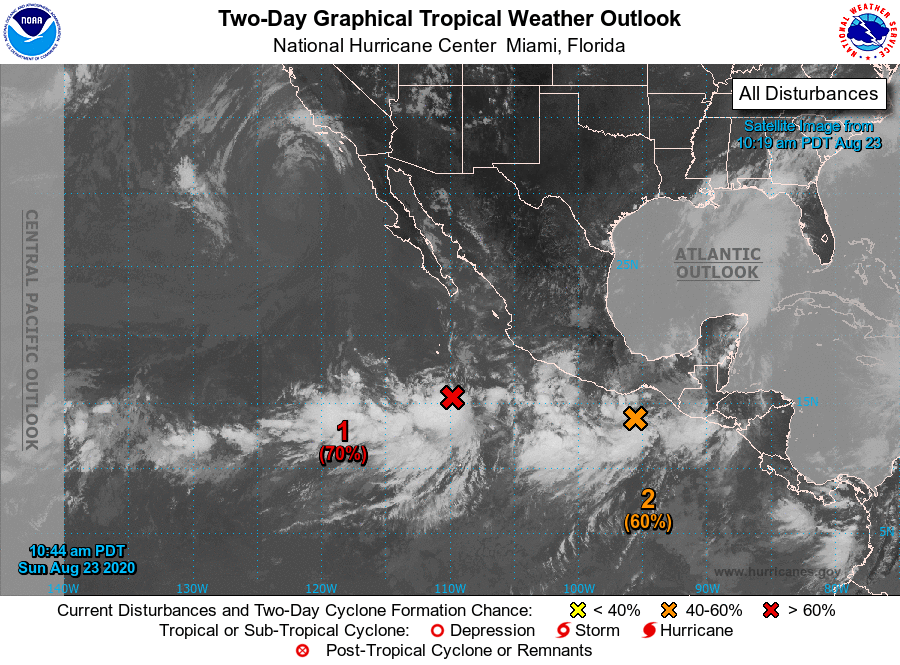
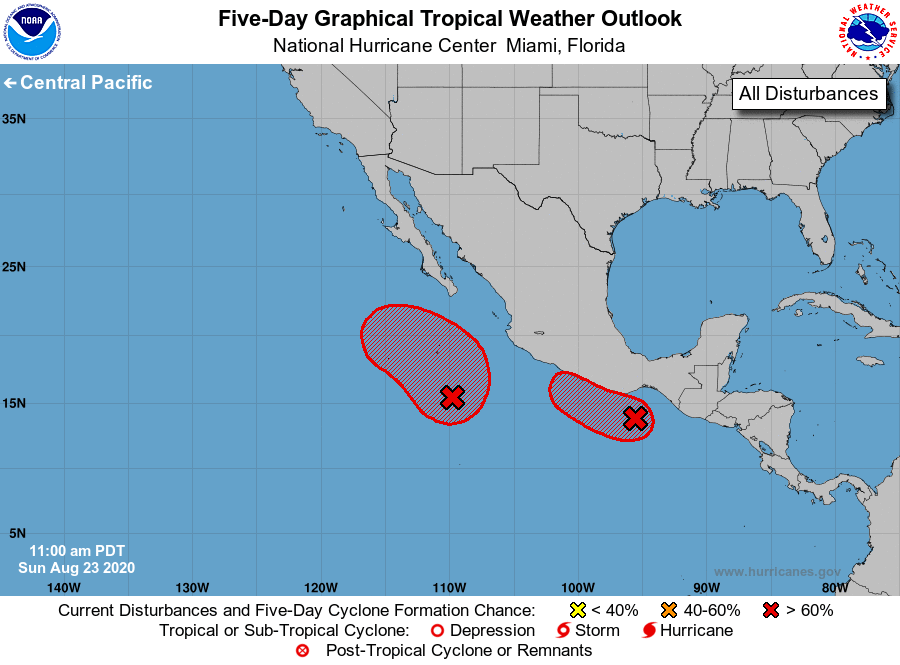
For the eastern North Pacific...east of 140 degrees west longitude:

1. An elongated area of low pressure located several hundred miles south of the southern tip of the Baja California peninsula continues to produce a large area of disorganized cloudiness and thunderstorms. Conditions appear favorable for development, and a tropical depression is expected to form during the next couple of days while the system meanders or drifts northward a few hundred miles offshore the coast of southwestern Mexico.
* Formation chance through 48 hours...high...70 percent.
* Formation chance through 5 days...high...90 percent.

2. Satellite images indicate that the circulation of a low pressure area which formed earlier this morning a couple of hundred miles south-southwest of the Gulf of Tehuantepec is becoming better defined. Conditions appear conducive for additional development of this system, and a tropical depression is likely to form by the middle of the week while it moves slowly northwestward, near or parallel to the southwestern coast of Mexico. Regardless of development, areas of heavy rainfall and flash flooding are likely in southeastern Mexico and northern Central America during the next several days.
* Formation chance through 48 hours...medium...60 percent.
* Formation chance through 5 days...high...70 percent.

Forecaster Berg